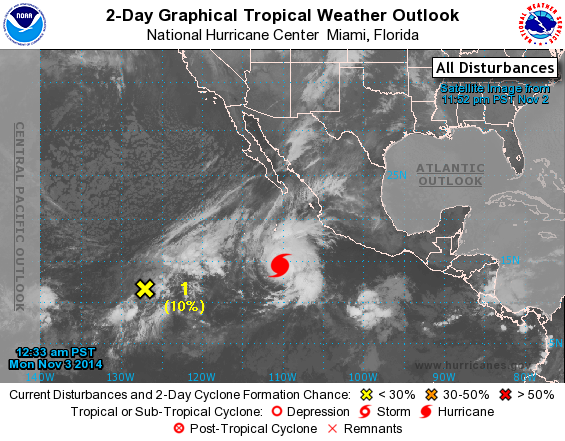
For the eastern North Pacific...east of 140 degrees west longitude:

The National Hurricane Center is issuing advisories on Hurricane Vance, located several hundred miles southwest of Manzanillo, Mexico.

1. Showers and thunderstorms associated with an area of low pressure located about 1400 miles southwest of the southern tip of the Baja California peninsula remain disorganized. Strong upper-level winds and dry air are expected to inhibit significant development of this system while it moves westward at 5 to 10 mph during the next few days.
* Formation chance through 48 hours...low...10 percent.
* Formation chance through 5 days...low...10 percent.

Forecaster Pasch